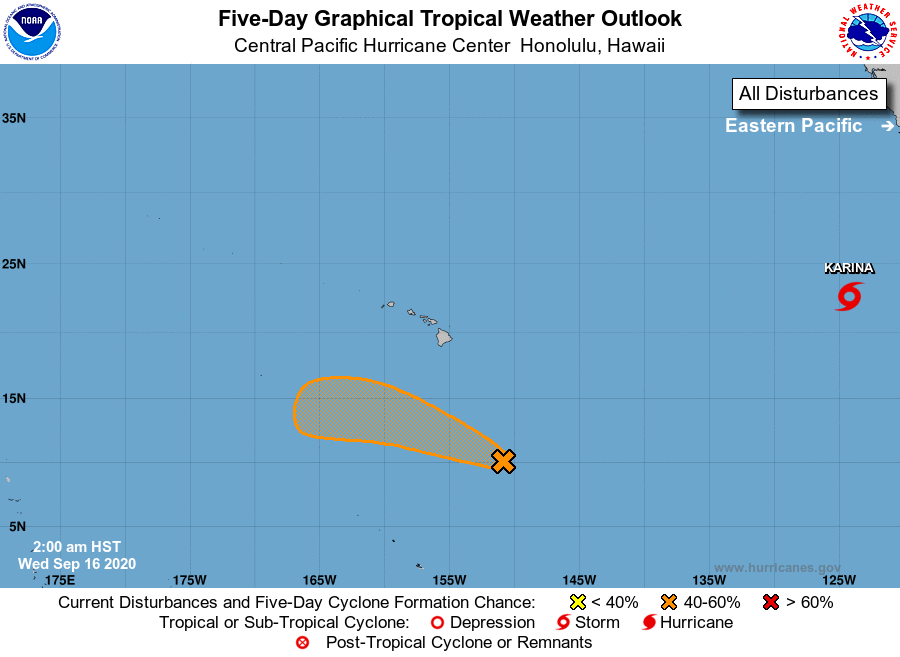
For the central North Pacific...between 140W and 180W:

1. Showers and thunderstorms associated with an elongated area of low pressure around 700 miles south-southeast of Hilo, Hawaii have increased overnight, but remain displaced from the low level center. Environmental conditions appear marginally conducive for development of this system, and a Tropical Depression could form during the next day or two as it moves generally west-northwestward at around 10 mph.
* Formation chance through 48 hours...medium...50 percent.
* Formation chance through 5 days...medium...50 percent.

Elsewhere, no tropical cyclones are expected during the next 5 days.

Forecaster Jelsema